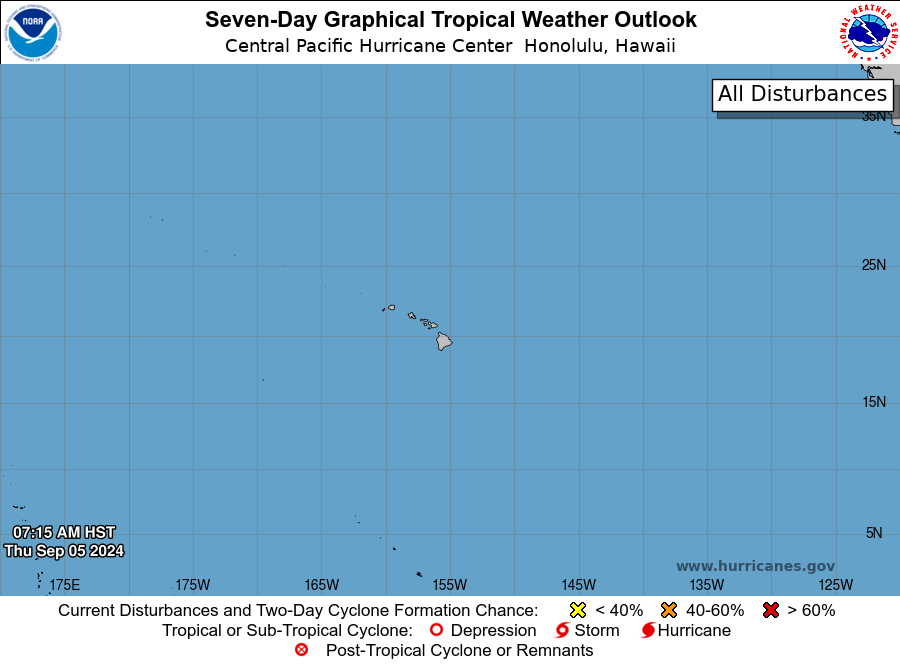
For the central North Pacific...between 140W and 180W:

No tropical cyclones are expected during the next 7 days.

Forecaster Blood/Tsamous